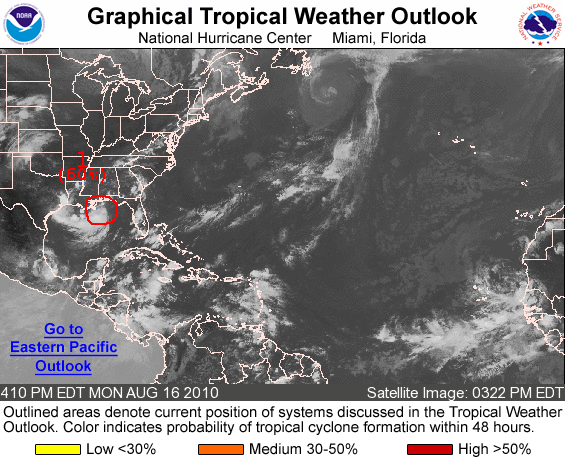
FOR THE NORTH ATLANTIC...CARIBBEAN SEA AND THE GULF OF MEXICO...

1. AN AIR FORCE RESERVE UNIT RECONNAISSANCE AIRCRAFT INVESTIGATING THE REMNANTS OF TROPICAL DEPRESSION FIVE FOUND A WEAK SURFACE CIRCULATION LOCATED ABOUT 120 MILES EAST OF THE MOUTH OF THE MISSISSIPPI RIVER. HOWEVER THE ASSOCIATED SHOWERS AND THUNDERSTORMS REMAIN DISORGANIZED AND MOSTLY REMOVED TO THE SOUTHWEST OF THE LOW-LEVEL CENTER. UPPER-LEVEL WINDS ARE EXPECTED TO REMAIN MARGINALLY CONDUCIVE FOR DEVELOPMENT...AND ONLY A SMALL INCREASE IN ORGANIZATION WOULD RESULT IN THE FORMATION OF A TROPICAL DEPRESSION AS THE SYSTEM MOVES GENERALLY WESTWARD OR WEST- NORTHWESTWARD DURING THE NEXT DAY OR SO. THERE IS A HIGH CHANCE...60 PERCENT...OF THIS SYSTEM BECOMING A TROPICAL CYCLONE BEFORE MOVING INLAND OVER THE NORTHERN GULF COAST ON TUESDAY. LOCALLY HEAVY RAINFALL AND GUSTY WINDS ARE POSSIBLE ALONG PORTIONS OF THE NORTH-CENTRAL GULF OF MEXICO COAST THROUGH TUESDAY. SEE STATEMENTS FROM LOCAL NATIONAL WEATHER SERVICE FORECAST OFFICES FOR ADDITIONAL INFORMATION.

ELSEWHERE...TROPICAL CYCLONE FORMATION IS NOT EXPECTED DURING THE NEXT 48 HOURS.

FORECASTER PASCH/STEWART